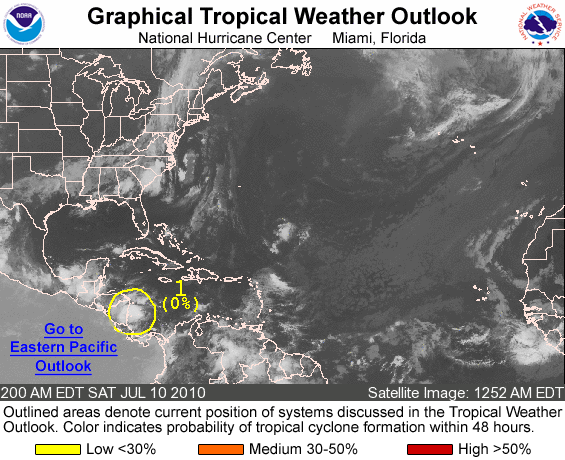
FOR THE NORTH ATLANTIC...CARIBBEAN SEA AND THE GULF OF MEXICO...

1. A CONCENTRATED AREA OF CLOUDINESS AND THUNDERSTORMS ASSOCIATED WITH A WESTWARD MOVING TROPICAL WAVE IS APPROACHING NICARAGUA. THIS SYSTEM IS EXPECTED TO SPREAD HEAVY RAINS AND GUSTY WINDS OVER PORTIONS OF CENTRAL AMERICA...PRIMARILY OVER NICARAGUA...ADJACENT ISLANDS AND HONDURAS TODAY. THERE ARE NO SIGNS OF SURFACE CIRCULATION AND BECAUSE A PORTION OF THE SYSTEM IS ALREADY INTERACTING WITH LAND...TROPICAL CYCLONE FORMATION IS NOT ANTICIPATED. THERE IS A LOW CHANCE...NEAR 0 PERCENT...OF THIS SYSTEM BECOMING A TROPICAL CYCLONE DURING THE NEXT 48 HOURS.

FOR ADDITIONAL INFORMATION ON THIS SYSTEM...PLEASE REFER TO PRODUCTS FROM YOUR NATIONAL METEOROLOGICAL SERVICE.

ELSEWHERE...TROPICAL CYCLONE FORMATION IS NOT EXPECTED DURING THE NEXT 48 HOURS.

FORECASTER AVILA